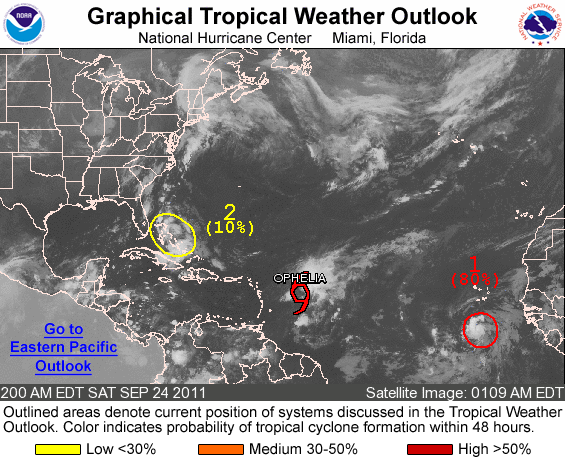
FOR THE NORTH ATLANTIC...CARIBBEAN SEA AND THE GULF OF MEXICO...

THE NATIONAL HURRICANE CENTER IS ISSUING ADVISORIES ON TROPICAL STORM OPHELIA...LOCATED ABOUT 490 MILES EAST OF THE LEEWARD ISLANDS.

1. SATELLITE IMAGES INDICATE THAT THE AREA OF LOW PRESSURE LOCATED IN THE EASTERN TROPICAL ATLANTIC OCEAN ABOUT 325 MILES SOUTH OF THE CAPE VERDE ISLANDS CONTINUES TO BECOME BETTER ORGANIZED. ENVIRONMENTAL CONDITIONS ARE CONDUCIVE FOR A TROPICAL DEPRESSION TO FORM LATER TODAY...AND THIS SYSTEM HAS A HIGH CHANCE...80 PERCENT...OF BECOMING A TROPICAL CYCLONE DURING THE NEXT 48 HOURS AS IT MOVES WEST-NORTHWESTWARD AT ABOUT 10 MPH.

2. DISORGANIZED SHOWERS AND THUNDERSTORMS OVER PORTIONS OF THE NORTHWESTERN AND CENTRAL BAHAMAS ARE ASSOCIATED WITH A SURFACE TROUGH. DEVELOPMENT OF THIS SYSTEM...IF ANY...WILL BE SLOW TO OCCUR AS IT MOVES GENERALLY NORTHWARD AT 10 TO 15 MPH. THIS SYSTEM HAS A LOW CHANCE...10 PERCENT...OF BECOMING A TROPICAL CYCLONE DURING THE NEXT 48 HOURS.

ELSEWHERE...TROPICAL CYCLONE FORMATION IS NOT EXPECTED DURING THE NEXT 48 HOURS.

FORECASTER BLAKE